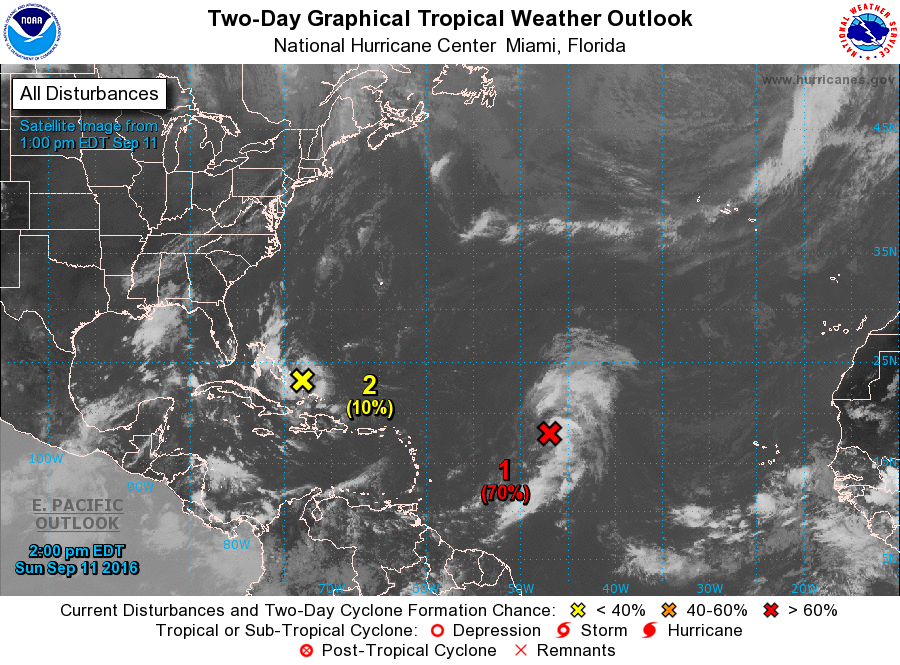
For the North Atlantic...Caribbean Sea and the Gulf of Mexico:

1. A low pressure system located about 1000 miles east of the Leeward Islands is producing a large area of cloudiness and showers. Shower activity associated with this system has increased slightly, and a tropical depression is likely to form later today or on Monday before upper-level winds become less conducive for development. The low is expected to move northwestward or north-northwestward at 10 to 15 mph over the central Atlantic Ocean during the next few days.
* Formation chance through 48 hours...high...70 percent
* Formation chance through 5 days...high...80 percent

2. Showers and thunderstorms continue in association with a disturbance near the central and southeastern Bahamas. However, surface pressures are high, and there are still no signs of a surface circulation. Conditions do not appear conducive for significant development of this disturbance while it moves west-northwestward at 10 to 15 mph. Locally heavy rainfall is possible over portions of the Bahamas today and on Monday, and these rains are likely to spread over portions of the Florida peninsula by Tuesday.
* Formation chance through 48 hours...low...10 percent
* Formation chance through 5 days...low...10 percent

Forecaster Pasch